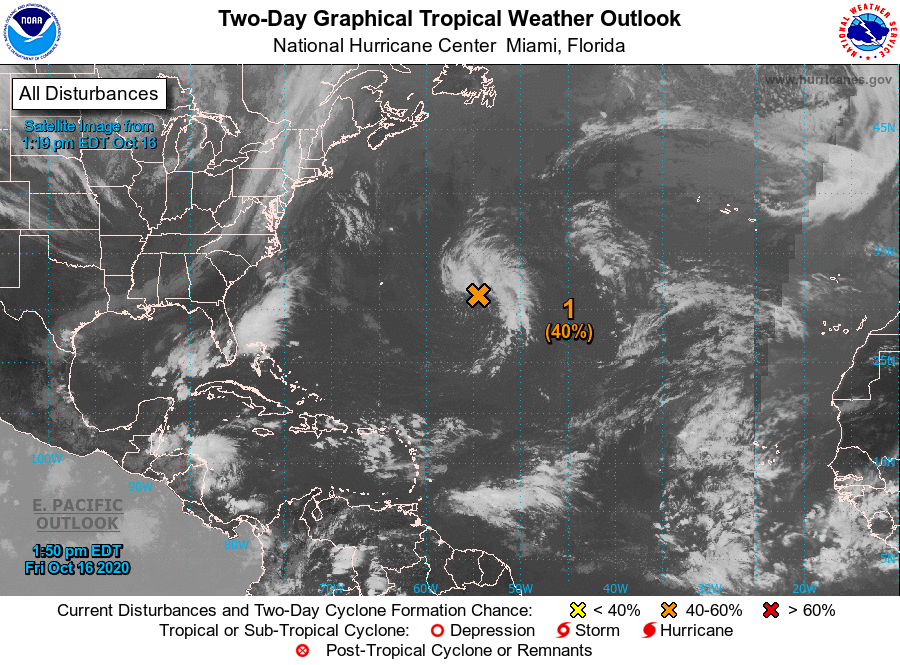
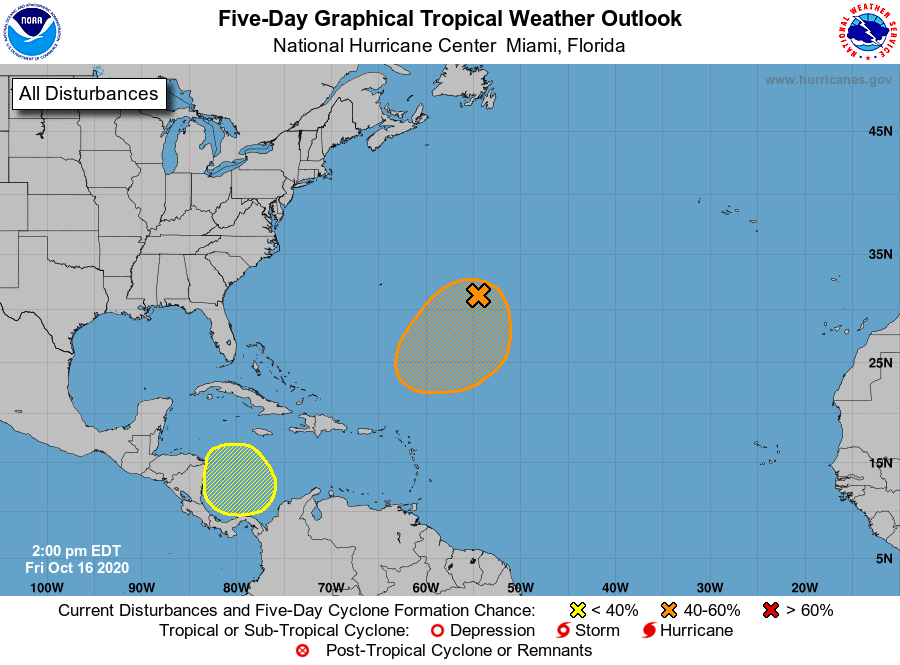
For the North Atlantic...Caribbean Sea and the Gulf of Mexico:

1. Shower activity associated with a broad non-tropical low pressure system located about 600 miles east-southeast of Bermuda is continuing to become better organized, and satellite wind data indicates that the circulation has become somewhat better defined. Additional development of this system is expected, and a subtropical or tropical depression could form during the next few days while the low meanders over the central Atlantic well to the southeast of Bermuda.
* Formation chance through 48 hours...medium...40 percent.
* Formation chance through 5 days...medium...60 percent.

2. A broad area of low pressure is expected to form early next week over the southwestern Caribbean Sea. Some gradual development of this system will be possible through the middle of next week while it moves slowly over the southwestern or western Caribbean Sea.
* Formation chance through 48 hours...low...near 0 percent.
* Formation chance through 5 days...low...30 percent.

Forecaster Beven